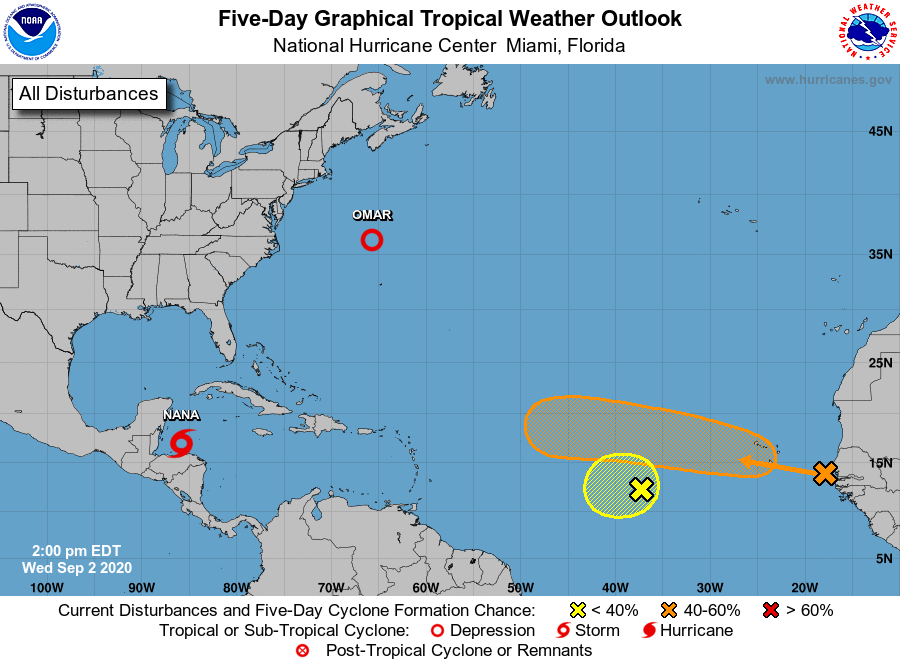
For the North Atlantic...Caribbean Sea and the Gulf of Mexico:

The National Hurricane Center is issuing advisories on Tropical Storm Omar, located a few hundred miles north-northwest of Bermuda, and on Tropical Storm Nana, located a couple hundred miles east of Belize City, Belize.

1. An area of low pressure located about midway between the Windward Islands and west Africa is producing a small area of showers and thunderstorms. Some development of this system is possible this week as it drifts generally westward over the eastern and central tropical Atlantic Ocean.
* Formation chance through 48 hours...low...20 percent.
* Formation chance through 5 days...low...30 percent.

2. A tropical wave, located just off the coast of west Africa, is producing limited shower activity. The wave is expected to merge with a disturbance centered a couple of hundred miles southeast of the Cabo Verde Islands toward the end of the week. Gradual development of this system is then possible, and a tropical depression could form over the weekend while it moves westward over the eastern and central tropical Atlantic Ocean.
* Formation chance through 48 hours...low...10 percent.
* Formation chance through 5 days...medium...60 percent.

Public Advisories on Tropical Storm Nana are issued under WMO header WTNT31 KNHC and under AWIPS header MIATCPAT1. Forecast/Advisories on Tropical Storm Nana are issued under WMO header WTNT21 KNHC and under AWIPS header MIATCMAT1.

Forecaster Roberts